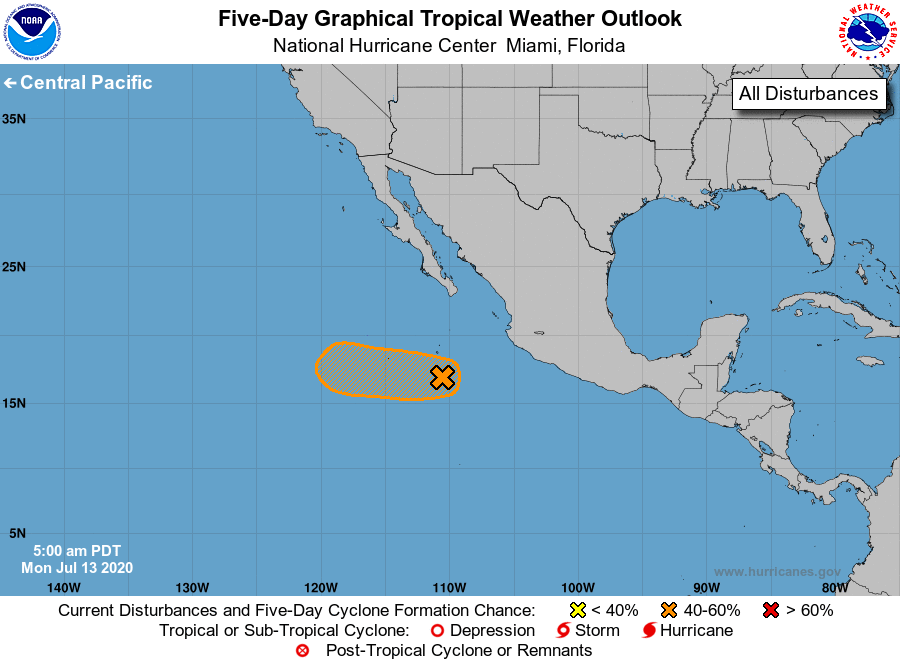
For the eastern North Pacific...east of 140 degrees west longitude:

The National Hurricane Center has issued the last advisory on Post-Tropical Cyclone Cristina, located over 1000 miles west of the southern tip of the Baja California peninsula.

1. Thunderstorm activity has increased and become a little more concentrated overnight in association with a small low pressure area located less than 200 miles south-southeast of Socorro Island, Mexico. Environmental conditions are forecast to gradually become more conducive for development, and this system still has the potential to become a tropical depression during the next day or so while it moves generally westward at about 20 mph. However, conditions are expected to become less favorable for tropical cyclone development by Wednesday night.
* Formation chance through 48 hours...medium...60 percent.
* Formation chance through 5 days...medium...60 percent.

Forecaster Stewart